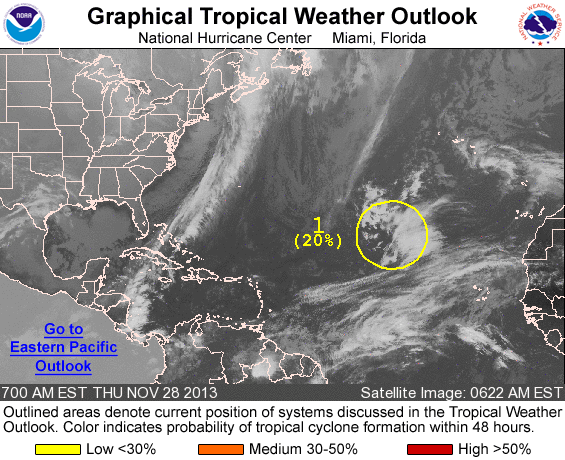
FOR THE NORTH ATLANTIC...CARIBBEAN SEA AND THE GULF OF MEXICO...

1. SHOWER AND THUNDERSTORM ACTIVITY IN ASSOCIATION WITH A SURFACE TROUGH LOCATED OVER THE EASTERN ATLANTIC HAS BEEN INCREASING OVER THE PAST SEVERAL HOURS. A NON-TROPICAL LOW PRESSURE SYSTEM IS FORECAST TO DEVELOP IN THIS AREA DURING THE NEXT COUPLE OF DAYS... AND THE LOW COULD GRADUALLY ACQUIRE SUBTROPICAL CHARACTERISTICS OVER THE WEEKEND AS IT MOVES GENERALLY NORTHEASTWARD. THIS SYSTEM HAS A LOW CHANCE...20 PERCENT...OF BECOMING A SUBTROPICAL CYCLONE DURING THE 48 HOURS...AND A MEDIUM CHANCE...30 PERCENT...OF BECOMING A SUBTROPICAL OR TROPICAL CYCLONE DURING THE NEXT 5 DAYS.

FIVE-DAY FORMATION PROBABILITIES ARE EXPERIMENTAL IN 2013. COMMENTS ON THE EXPERIMENTAL FORECASTS CAN BE PROVIDED AT...

HTTP://WWW.NWS.NOAA.GOV/SURVEY/NWS-SURVEY.PHP?CODE=ETWO

FORECASTER STEWART